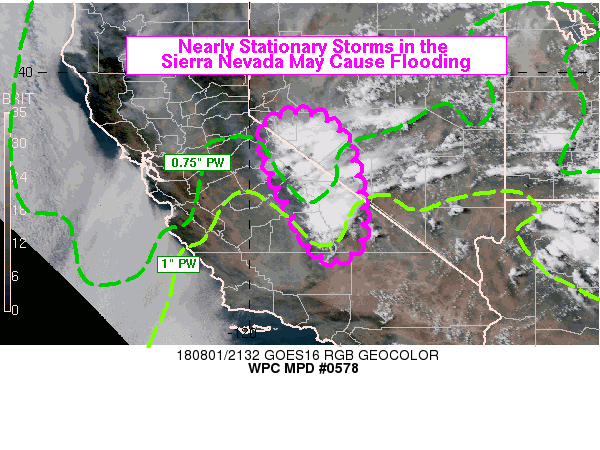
Areas affected...Central and Southern Sierra Nevada

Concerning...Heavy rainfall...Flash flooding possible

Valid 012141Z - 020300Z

Summary...A concentrated area of thunderstorms will continue to
develop over the central and southern Sierra Nevada, and may
persist into the late afternoon. These storms may be nearly
stationary at times and could produce flash flooding.

Discussion...GOES-15 visible and IR satellite, as well as MRMS
composite reflectivity, show a concentrated area of convective
development over the central and southern Sierra Nevada range,
generally to the south of Topaz Lake and Mt. Patterson.
Precipitable water values were elevated across parts of central
and southern California, and were generally analyzed to be above
the 90th percentile for this time of year by the global models.
Thus, despite only modest instability at higher elevations, the
available moisture should be sufficient to drive the potential for
locally heavy rainfall. MRMS rainfall estimates have been as high
as 1-2 in/hr, as have some of the dual pol estimates from KHNX and
KRGX. These storms should be able to persist for at least a few
hours, and where they remain relatively stationary, some flash
flooding could develop. The convection should begin to wane after
01-02Z as available instability decreases and the sun begins to
set.

The greatest chances of flash flooding appear to be from naer the
central Inyo-Tulare County border north into Mono County.